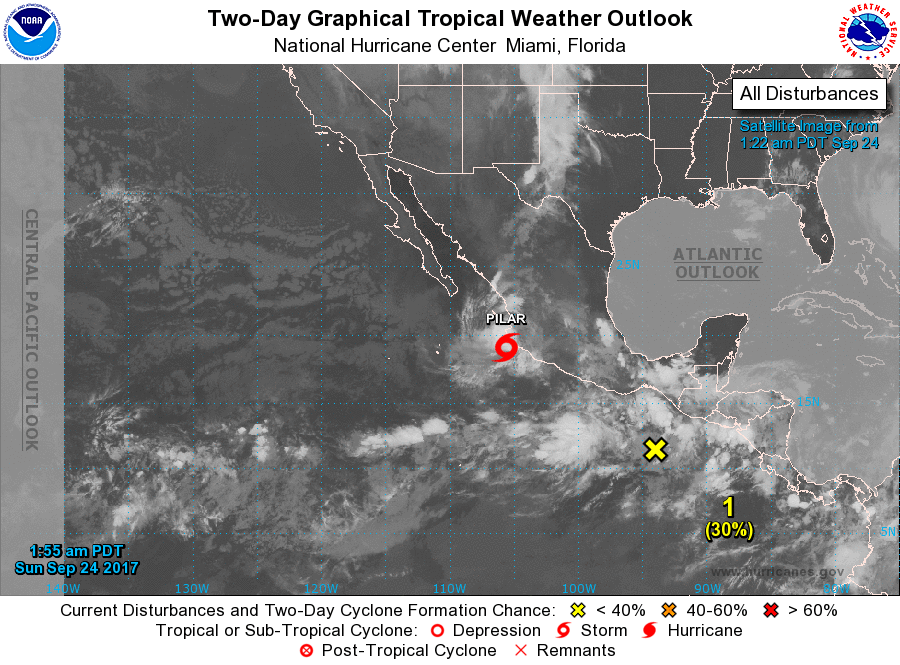
For the eastern North Pacific...east of 140 degrees west longitude:

The National Hurricane Center is issuing advisories on recently upgraded Tropical Storm Pilar, located near the southwest coast of Mexico.

1. A broad area of low pressure continues to produce disorganized shower and thunderstorms over the far eastern Pacific. Some gradual development of this system is possible before the system moves inland over Central America in a few days.
* Formation chance through 48 hours...low...30 percent.
* Formation chance through 5 days...medium...40 percent.

Public Advisories on Pilar are issued under WMO header WTPZ33 KNHC and under AWIPS header MIATCPEP3. Forecast/Advisories on Pilar are issued under WMO header WTPZ23 KNHC and under AWIPS header MIATCMEP3.

Forecaster Zelinsky